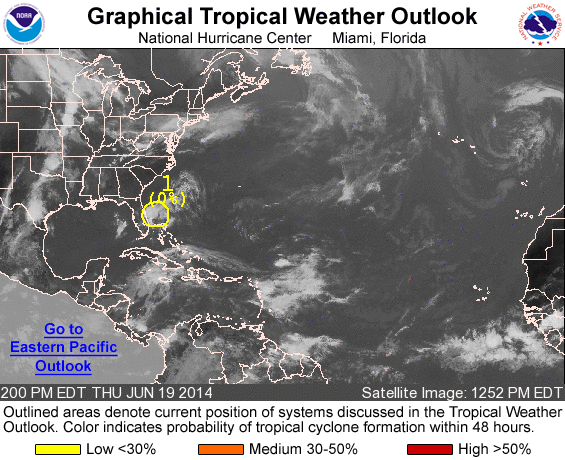
For the North Atlantic...Caribbean Sea and the Gulf of Mexico:

1. A surface trough located about 75 miles east of the east-central coast of Florida is producing an area of disorganized showers and thunderstorms. Surface pressures are relatively high in the region and significant development of this system is not expected as it drifts slowly northward during the next day or so. After that time, conditions will remain unfavorable for development as the disturbance accelerates northeastward ahead of an upper-level trough.
* Formation chance through 48 hours...low...near 0 percent.
* Formation chance through 5 days...low...near 0 percent.

Forecaster Brennan